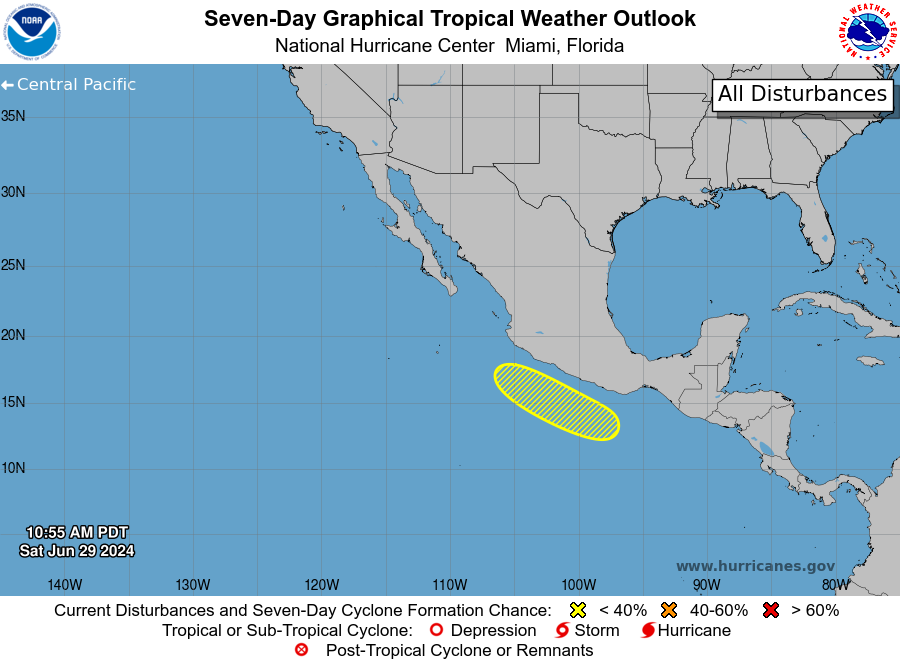
For the eastern North Pacific...east of 140 degrees west longitude:

1. Offshore of Southern Mexico: A broad area of low pressure could form by early next week a few hundred miles south of the coast of southern Mexico. Some gradual development is possible during the next several days while the system moves west-northwestward at 10 to 15 mph.
* Formation chance through 48 hours...low...near 0 percent.
* Formation chance through 7 days...low...20 percent.

Forecaster Roberts